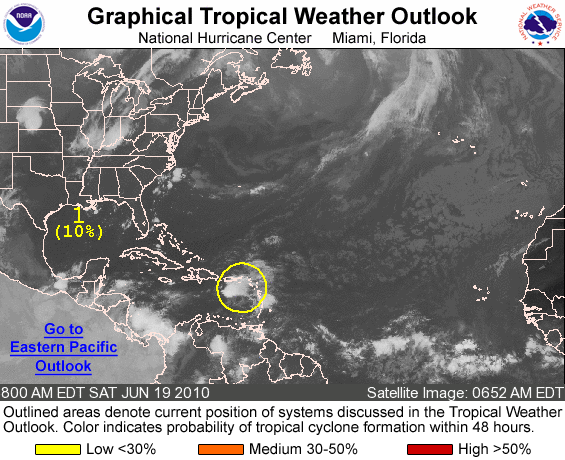
FOR THE NORTH ATLANTIC...CARIBBEAN SEA AND THE GULF OF MEXICO...

1. A STRONG TROPICAL WAVE LOCATED NEAR PUERTO RICO AND THE VIRGIN ISLANDS IS PRODUCING A LARGE AREA OF DISORGANIZED SHOWERS AND THUNDERSTORMS. LOCALLY HEAVY RAINS...WHICH COULD CAUSE FLASH FLOODS AND MUDSLIDES...AND GUSTY WINDS ARE POSSIBLE DURING THE NEXT DAY OR TWO OVER PORTIONS OF THE LEEWARD ISLANDS...THE VIRGIN ISLANDS...PUERTO RICO...THE DOMINICAN REPUBLIC...AND HAITI AS THE WAVE MOVES WESTWARD OR WEST-NORTHWESTWARD AT 10 TO 15 MPH. UPPER-LEVEL WINDS ARE EXPECTED TO REMAIN UNFAVORABLE FOR TROPICAL CYCLONE DEVELOPMENT...AND THERE IS A LOW CHANCE...10 PERCENT... OF THIS SYSTEM BECOMING A TROPICAL CYCLONE DURING THE NEXT 48 HOURS.

FOR ADDITIONAL INFORMATION ON THIS SYSTEM...PLEASE REFER TO PRODUCTS ISSUED BY YOUR NATIONAL METEOROLOGICAL SERVICE.

ELSEWHERE...TROPICAL CYCLONE FORMATION IS NOT EXPECTED DURING THE NEXT 48 HOURS.

FORECASTER STEWART/BRENNAN